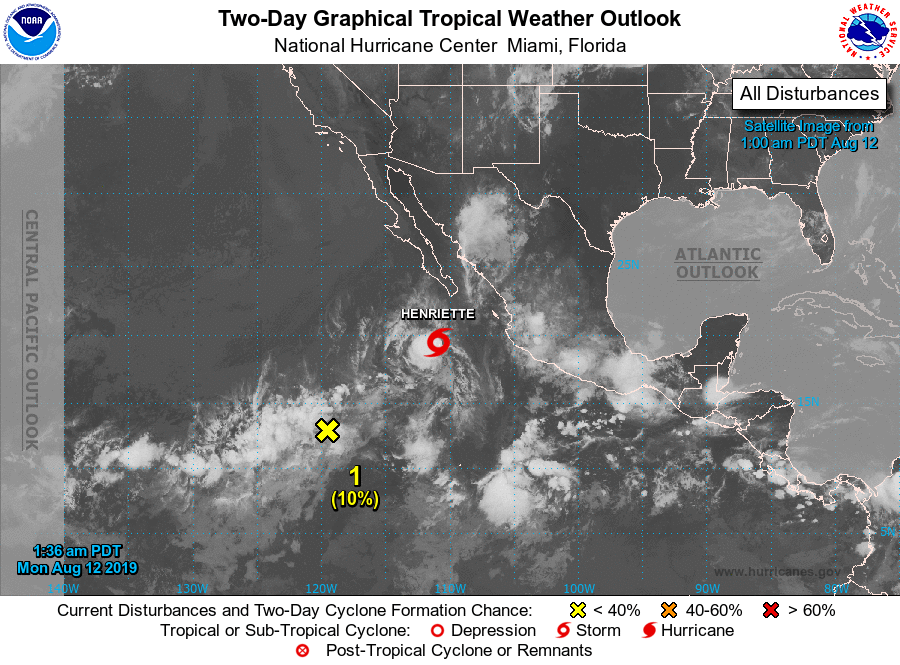
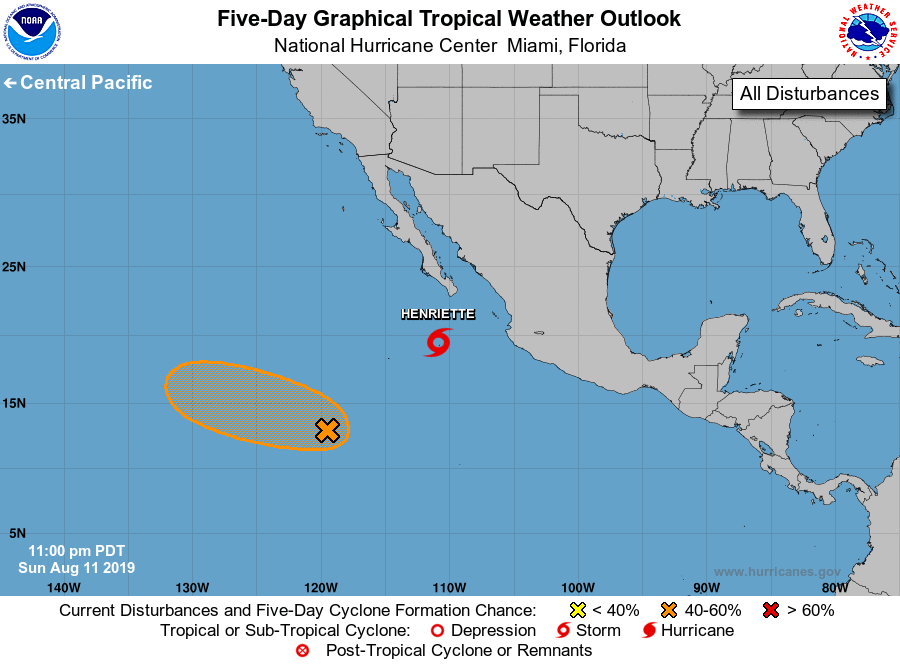
For the eastern North Pacific...east of 140 degrees west longitude:

The National Hurricane Center is issuing advisories on newly formed Tropical Depression Nine-E, located a few hundred miles south of the southern tip of the Baja California peninsula.

1. An elongated area of disorganized showers and thunderstorms located nearly 1000 miles southwest of the southern tip of the Baja California peninsula is associated with a trough of low pressure. Environmental conditions are forecast to become more conducive for development during the next few days, and a tropical depression could form later this week while the system moves west- northwestward at 10 to 15 mph.
* Formation chance through 48 hours...low...10 percent.
* Formation chance through 5 days...medium...60 percent.

Public Advisories on Tropical Depression Nine-E are issued under WMO header WTPZ34 KNHC and under AWIPS header MIATCPEP4. Forecast/Advisories on Tropical Depression Nine-E are issued under WMO header WTPZ24 KNHC and under AWIPS header MIATCMEP4.

Forecaster Brown